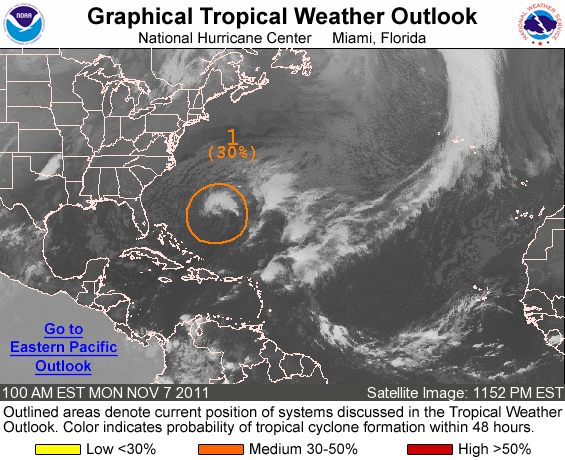
FOR THE NORTH ATLANTIC...CARIBBEAN SEA AND THE GULF OF MEXICO...

1. A NON-TROPICAL LOW PRESSURE SYSTEM LOCATED ABOUT 400 MILES SOUTHWEST OF BERMUDA CONTINUES TO PRODUCE GALE-FORCE WINDS OVER A LARGE PORTION OF THE WEST-CENTRAL ATLANTIC. THUNDERSTORM ACTIVITY HAS DEVELOPED CLOSER TO THE SURFACE CENTER DURING THE PAST SEVERAL HOURS...AND IF THIS TREND CONTINUES...THE LOW COULD GRADUALLY ACQUIRE SUBTROPICAL CHARACTERISTICS OVER THE NEXT COUPLE OF DAYS. THIS SYSTEM HAS A MEDIUM CHANCE...30 PERCENT...OF BECOMING A SUBTROPICAL CYCLONE DURING THE NEXT 48 HOURS AS IT DRIFTS SLOWLY WESTWARD TODAY AND NORTHWESTWARD ON TUESDAY.

ADDITIONAL INFORMATION ON THIS GALE AREA CAN BE FOUND IN HIGH SEAS FORECASTS ISSUED BY THE NOAA NATIONAL WEATHER SERVICE UNDER AWIPS HEADER NFDHSFAT1...AND UNDER WMO HEADER FZNT01 KWBC.

ELSEWHERE...TROPICAL CYCLONE FORMATION IS NOT EXPECTED DURING THE NEXT 48 HOURS.

FORECASTER STEWART